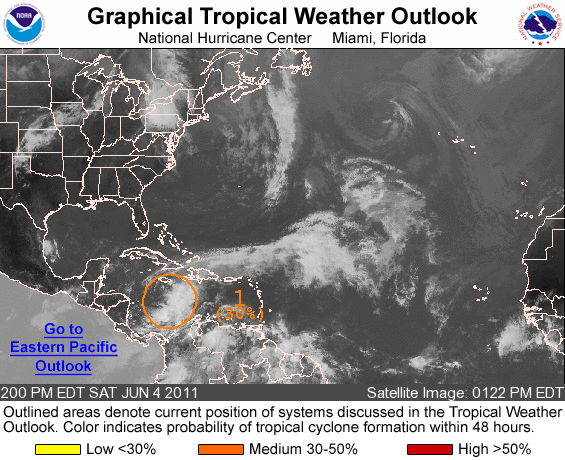
FOR THE NORTH ATLANTIC...CARIBBEAN SEA AND THE GULF OF MEXICO...

1. THE BROAD AREA OF LOW PRESSURE CENTERED ABOUT 125 MILES SOUTH- SOUTHWEST OF JAMAICA HAS CHANGED LITTLE IN ORGANIZATION TODAY. ALTHOUGH UPPER-LEVEL WINDS HAVE BEEN BECOMING A LITTLE MORE CONDUCIVE FOR DEVELOPMENT...DRY AIR IN THE MIDDLE LEVELS OF THE ATMOSPHERE APPEARS TO BE LIMITING SHOWER AND THUNDERSTORM DEVELOPMENT NEAR THE CENTER. THERE IS A MEDIUM CHANCE...30 PERCENT...OF THIS SYSTEM BECOMING A TROPICAL CYCLONE DURING THE NEXT 48 HOURS. HEAVY RAINS COULD CAUSE FLASH FLOODING AND MUD SLIDES OVER PORTIONS OF HAITI...THE DOMINICAN REPUBLIC...AND JAMAICA AS THE LOW MOVES VERY LITTLE OVER THE NEXT COUPLE OF DAYS.

ELSEWHERE...TROPICAL CYCLONE FORMATION IS NOT EXPECTED DURING THE NEXT 48 HOURS.

FORECASTER BERG